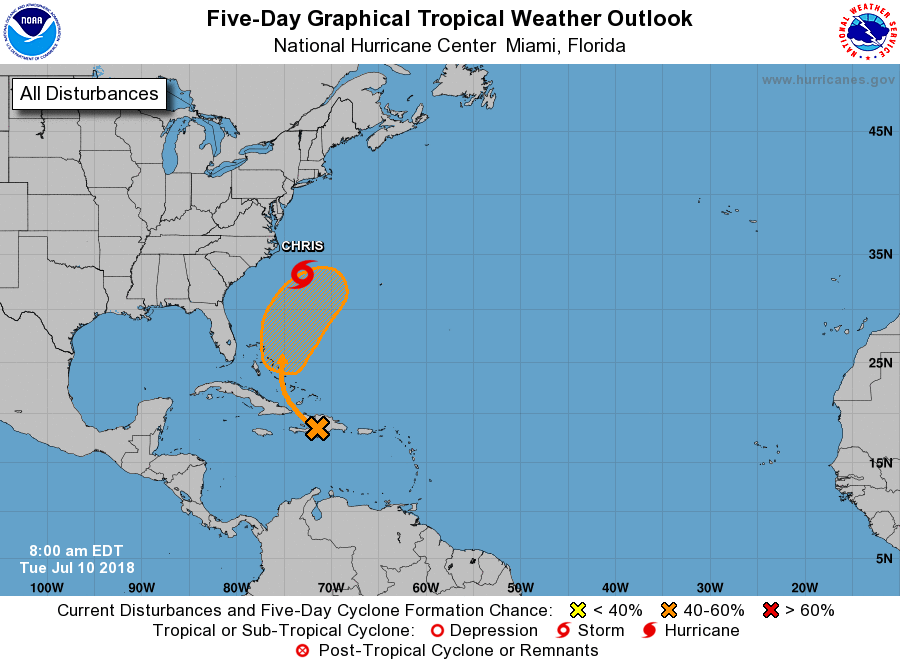
For the North Atlantic...Caribbean Sea and the Gulf of Mexico:

The National Hurricane Center is issuing advisories on Tropical Storm Chris, located a couple of hundred miles south-southeast of the North Carolina Outer Banks.

1. The remnants of Beryl are producing gusty winds and areas of heavy rain over portions of central and eastern Hispaniola, and the adjacent Atlantic and Caribbean waters. This system is expected to move west-northwestward across the rest of Hispaniola today and over the southeastern Bahamas this evening. Little development is expected during the next day or so due to land interaction and unfavorable upper-level winds. The disturbance is forecast to turn northward over the western Atlantic on Wednesday where upper-level winds could become a little more conducive for the regeneration of a tropical cyclone later this week. Regardless of development, locally heavy rains and gusty winds are likely over portions of Hispaniola and the Bahamas as the remnants of Beryl move through those areas. Additional information on this system can be found in High Seas Forecasts issued by the National Weather Service.
* Formation chance through 48 hours...low...20 percent.
* Formation chance through 5 days...medium...50 percent.

High Seas Forecasts issued by the National Weather Service can be found under AWIPS header NFDHSFAT1, WMO header FZNT01 KWBC, and on the Web at http://ocean.weather.gov/shtml/NFDHSFAT1.shtml.

Forecaster Stewart